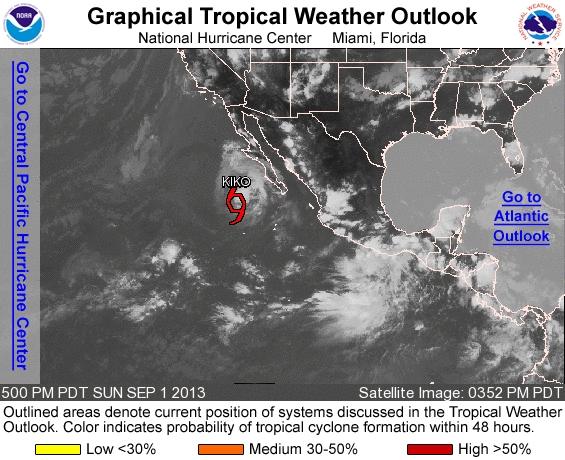
FOR THE EASTERN NORTH PACIFIC...EAST OF 140 DEGREES WEST LONGITUDE..

THE NATIONAL HURRICANE CENTER IS ISSUING ADVISORIES ON TROPICAL STORM KIKO...LOCATED SEVERAL HUNDRED MILES WEST OF THE SOUTHERN TIP OF THE BAJA CALIFORNIA PENINSULA.

TROPICAL CYCLONE FORMATION IS NOT EXPECTED WITHIN THE NEXT 48 HOURS.

OTHER SYSTEMS WITH FORMATION POTENTIAL BEYOND 48 HOURS...

A TROPICAL WAVE IS PRODUCING A LARGE AREA OF DISORGANIZED SHOWERS AND THUNDERSTORMS EXTENDING FROM THE SOUTH-CENTRAL COAST OF MEXICO SOUTHWARD FOR SEVERAL HUNDRED MILES. A BROAD AREA OF LOW PRESSURE IS LIKELY TO FORM OFF THE SOUTHWESTERN COAST OF MEXICO BY MIDWEEK...AND SOME SLOW DEVELOPMENT OF THE LOW IS POSSIBLE LATER IN THE WEEK WHILE IT MOVES WEST-NORTHWESTWARD AT AROUND 10 MPH. THIS SYSTEM HAS A LOW CHANCE...NEAR 0 PERCENT...OF BECOMING A TROPICAL CYCLONE DURING THE NEXT 48 HOURS...AND A MEDIUM CHANCE...30 PERCENT...OF BECOMING A TROPICAL CYCLONE DURING THE NEXT 5 DAYS.

&&
FIVE-DAY FORMATION PROBABILITIES ARE EXPERIMENTAL IN 2013. COMMENTS ON THE EXPERIMENTAL FORECASTS CAN BE PROVIDED AT...

HTTP://WWW.NWS.NOAA.GOV/SURVEY/NWS-SURVEY.PHP?CODE=ETWO

FORECASTER BERG